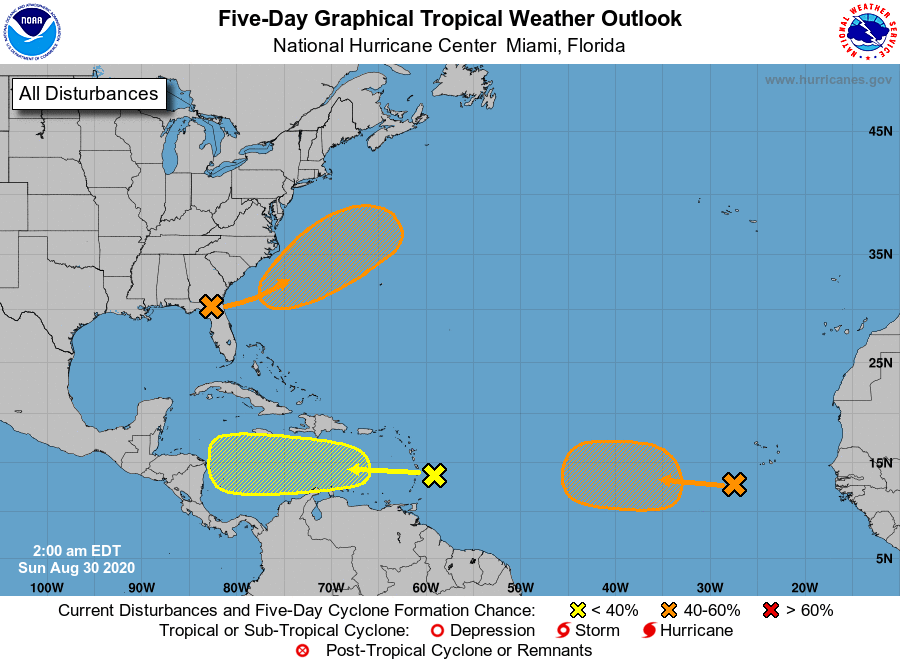
For the North Atlantic...Caribbean Sea and the Gulf of Mexico:

1. Showers and thunderstorms associated with a tropical wave are affecting portions of the Lesser Antilles. Although the disturbance is not well organized at this time, some gradual development of this system is possible during the next several days while it moves westward at 15 to 20 mph through the Lesser Antilles and across the Caribbean Sea. Regardless of development, this system will likely produce gusty winds and locally heavy rainfall across portions of the Windward and Leeward Islands today.
* Formation chance through 48 hours...low...20 percent.
* Formation chance through 5 days...low...30 percent.

2. Another tropical wave is located over the eastern Atlantic Ocean, several hundred miles southwest of the Cabo Verde Islands. This system is producing very limited shower activity, but some development will be possible later this week over the eastern or central tropical Atlantic while it moves slowly westward.
* Formation chance through 48 hours...low...near 0 percent.
* Formation chance through 5 days...medium...40 percent.

3. An area of low pressure is expected to form off of the southeastern coast of the United States in a day or two. Subsequent development of this system is possible and a tropical depression could form by the middle of the week while the system moves northeastward or east-northeastward, initially parallel to the southeastern coast of the U.S. and then away from land.
* Formation chance through 48 hours...medium...40 percent.
* Formation chance through 5 days...medium...50 percent.

Forecaster Zelinsky